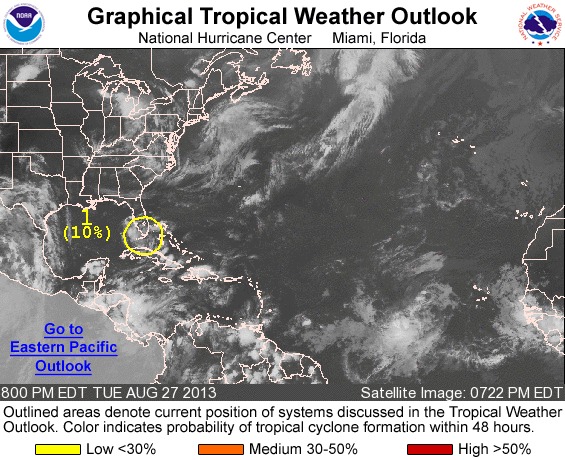
FOR THE NORTH ATLANTIC...CARIBBEAN SEA AND THE GULF OF MEXICO...

1. AN AREA OF CLOUDINESS AND A FEW THUNDERSTORMS NEAR THE SOUTHERN FLORIDA PENINSULA IS ASSOCIATED WITH AN UPPER-LEVEL LOW AND A WEAK SURFACE TROUGH. SURFACE PRESSURES ARE HIGH OVER THIS AREA...AND NO SIGNIFICANT DEVELOPMENT OF THIS SYSTEM IS EXPECTED WHILE IT DRIFTS NORTHWESTWARD FOR THE NEXT FEW DAYS. THIS SYSTEM HAS A LOW CHANCE...10 PERCENT...OF BECOMING A TROPICAL CYCLONE DURING THE NEXT 48 HOURS...AND A LOW CHANCE...10 PERCENT...OF BECOMING A TROPICAL CYCLONE DURING THE NEXT 5 DAYS.

OTHER SYSTEMS WITH FORMATION POTENTIAL BEYOND 48 HOURS...

A TROPICAL WAVE...LOCATED SEVERAL HUNDRED MILES WEST-SOUTHWEST OF THE CAPE VERDE ISLANDS...IS EXPECTED TO MOVE WESTWARD OVER THE TROPICAL ATLANTIC AT ABOUT 15 MPH DURING THE NEXT SEVERAL DAYS. ENVIRONMENTAL CONDITIONS APPEAR CONDUCIVE FOR SOME DEVELOPMENT OF THIS DISTURBANCE EAST OF THE LESSER ANTILLES AROUND THE END OF THE WEEK OR WEEKEND. THIS SYSTEM HAS A LOW CHANCE... NEAR 0 PERCENT...OF BECOMING A TROPICAL CYCLONE DURING THE NEXT 48 HOURS...AND A MEDIUM CHANCE...30 PERCENT...OF BECOMING A TROPICAL CYCLONE DURING THE NEXT 5 DAYS.

A TROPICAL WAVE OVER WEST AFRICA IS EXPECTED TO MOVE OVER THE FAR EASTERN ATLANTIC IN ABOUT THREE DAYS. SOME DEVELOPMENT IS POSSIBLE AFTER THAT TIME WHILE THE SYSTEM MOVES WEST-NORTHWESTWARD AT 10 TO 15 MPH. THIS SYSTEM HAS A LOW CHANCE...NEAR 0 PERCENT...OF BECOMING A TROPICAL CYCLONE DURING THE NEXT 48 HOURS...AND A LOW CHANCE...20 PERCENT...OF BECOMING A TROPICAL CYCLONE DURING THE NEXT 5 DAYS.

FIVE-DAY FORMATION PROBABILITIES ARE EXPERIMENTAL IN 2013. COMMENTS ON THE EXPERIMENTAL FORECASTS CAN BE PROVIDED AT...

HTTP://WWW.NWS.NOAA.GOV/SURVEY/NWS-SURVEY.PHP?CODE=ETWO

FORECASTER KIMBERLAIN